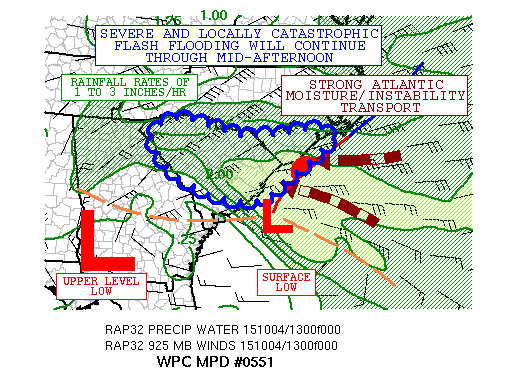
AREAS AFFECTED...SOUTH CAROLINA...EXTREME SOUTHEAST NORTH CAROLINA

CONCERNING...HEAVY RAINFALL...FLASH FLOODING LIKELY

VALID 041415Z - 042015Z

SUMMARY...A HISTORIC RAINFALL EVENT CONTINUES ACROSS MUCH OF SOUTH
CAROLINA THIS MORNING WITH VERY HEAVY RAINFALL RATES CONTINUING.
WIDESPREAD SEVERE AND LOCALLY CATASTROPHIC FLASH FLOODING WILL
CONTINUE THROUGH THE AFTERNOON.

DISCUSSION...A WELL-DEFINED AND DEEP TROPICAL MOISTURE PLUME
FEEDING IN OFF THE ATLANTIC OCEAN INTO THE NORTH SIDE OF THE
CLOSED UPPER LEVEL LOW OVER THE SOUTHEAST U.S. HAS BEEN SLOWLY
PIVOTING IN A CYCLONIC FASHION TO MORE OF A WEST/EAST ORIENTATION.
THIS HAS ALLOWED THE PERSISTENT AND INTENSE BAND OF HEAVY RAINFALL
AND THUNDERSTORMS OVER CENTRAL AND EASTERN SOUTH CAROLINA TO PIVOT
VERY SLOWLY NORTHEASTWARD...WHICH HAS TAKEN THE WORST OF THE
RAINFALL OUT OF THE CHARLESTON METROPOLITAN AREA FOR THE TIME
BEING.

THE DEEP MOISTURE PLUME IS COINCIDING WITH TREMENDOUS MID AND
UPPER LEVEL DIVERGENCE AROUND THE NORTHEASTERN FLANK OF THE UPPER
LOW...WHICH IS FOSTERING VIGOROUS ASCENT IN AN ENVIRONMENT WITH
1.8 TO 2.3 INCH PW VALUES AS PER GOES-SOUNDER AND GPS DATA.  SOME
OF THIS MOISTURE AGAIN IS ORIGINATING FROM HURRICANE JOAQUIN WELL
OFF THE EAST COAST WHICH IS CONFIRMED BY THE CIRA LAYERED PW
PRODUCT. A RATHER STRONG INSTABILITY GRADIENT IS NOTED TOO NEAR
THE COASTAL FRONT AND OFFSHORE...WITH MUCAPE VALUES OF 1000-2000
J/KG NEAR THE UPPER SOUTH CAROLINA COAST. THE ENHANCED DEEP LAYER
MOISTURE AND INSTABILITY TRANSPORT INTO THE BOUNDARY ARE
CONTRIBUTING TO ENHANCED RAINFALL RATES...WHICH ARE NEAR 3
INCHES/HR WITHIN THE STRONGER CONVECTIVE BANDS NEAR THE COAST.

HI RES GUIDANCE INDICATES THAT ADDITIONAL RAINFALL AMOUNTS OVER
THE NEXT SIX HOURS WILL BE ON THE ORDER OF 3 TO 6 INCHES WITH
ISOLATED HEAVIER AMOUNTS TO NEAR 8 INCHES. THESE AMOUNTS WILL BE
ON TOP OF AREAS THAT HAVE ALREADY SEEN WELL IN EXCESS 12 INCHES OF
RAIN...AND ISOLATED AREAS OF OVER 20 INCHES. THE HEAVIER AMOUNTS
OVER THE NEXT FEW HOURS ARE EXPECTED TO BE CONFINED TO CENTRAL AND
EASTERN SOUTH CAROLINA AND WITH A STRONGER FOCUS CLOSER TO THE
NORTH CAROLINA BORDER WHERE ENHANCED LOW LEVEL CONVERGENCE IS
NOTED.

THESE RAINFALL TOTALS WILL EXACERBATE WHAT IS ALREADY A SERIOUS
LIFE-THREATENING EVENT WITH SEVERE AND LOCALLY CATASTROPHIC FLASH
FLOODING.